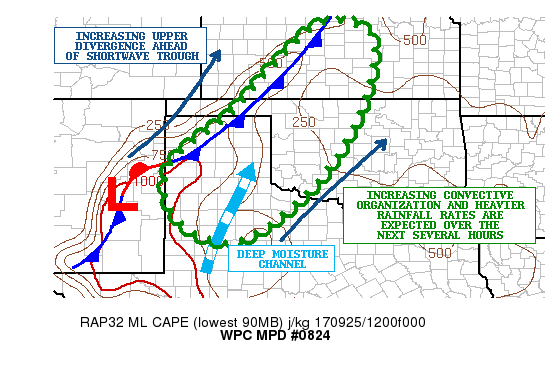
AREAS AFFECTED...WEST-CENTRAL/NORTHWEST TX...WESTERN
OK...CENTRAL/SOUTHERN KS

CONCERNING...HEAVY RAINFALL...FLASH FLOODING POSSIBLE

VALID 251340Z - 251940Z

SUMMARY...SOME INCREASE IN COVERAGE OF HEAVY SHOWERS AND
THUNDERSTORMS IS EXPECTED OVER THE NEXT FEW HOURS. GIVEN THE
INCREASED CONVECTIVE ORGANIZATION AND HEAVIER RAINFALL
RATES...SOME FLASH FLOODING WILL BE POSSIBLE.

DISCUSSION...GOES-WV IMAGERY SHOWS A WELL-DEFINED UPPER TROUGH
CONTINUING TO SLOWLY PIVOT EAST ACROSS THE INTERMOUNTAIN
WEST...WITH EVIDENCE OF A SHORTWAVE TROUGH AND ASSOCIATED JET
STREAK LIFTING NORTHEAST ACROSS CENTRAL/NORTHERN NM.

THE ENERGY IS FOSTERING AN INCREASINGLY DIVERGENT FLOW REGIME
ALOFT WHICH IS INTERACTING WITH A STRONG FRONTAL ZONE OVER THE
HIGH PLAINS ALONG WITH AN INCREASINGLY MOIST COLUMN ALONG IT WHICH
IS BEING AIDED BY MID/HIGH LEVEL MOISTURE FROM T.S. PILLAR OVER
THE EASTERN PACIFIC JUST SOUTHWEST OF MAINLAND MEXICO. THE ONE
FACTOR THAT TENDS TO BE MITIGATING THE RAINFALL POTENTIAL IS THE
RELATIVELY MODEST INSTABILITY PARAMETERS ALONG AND JUST AHEAD OF
THE FRONT WHICH ARE GENERALLY ON THE ORDER OF 500 TO 1000 J/KG OF
MLCAPE. HOWEVER...THE ARRIVAL OF STRONGER UPPER FORCING WILL HELP
COMPENSATE...AND ALREADY THERE HAS BEEN SOME SLOW UPTICK IN
CONVECTIVE ORGANIZATION OVER THE LAST HOUR ACROSS AREAS OF
NORTHWEST TEXAS AND STRETCHING NORTHEAST INTO SOUTH-CENTRAL KS.

THE HRRR-TLE OUTPUT ALONG WITH HRRR/HRRRX GUIDANCE SUPPORTS SOME
FURTHER UPTICK IN CONVECTIVE COVERAGE ALONG WITH HEAVIER RAINFALL
RATES OVER THE NEXT SEVERAL HOURS. RAINFALL RATES OF UP TO 1.5
INCHES/HR...AND STORM TOTALS THROUGH EARLY TO MID-AFTERNOON OF AS
MUCH AS 2 TO 4 INCHES ARE EXPECTED. SOME ISOLATED AMOUNTS POSSIBLY
AROUND 5 INCHES WILL BE POSSIBLE GIVEN RELATIVELY SLOW CELL MOTION
AND SOME PERIODIC TRAINING OF CELLS. GIVEN THESE AMOUNTS...SOME
FLASH FLOODING WILL BE POSSIBLE.